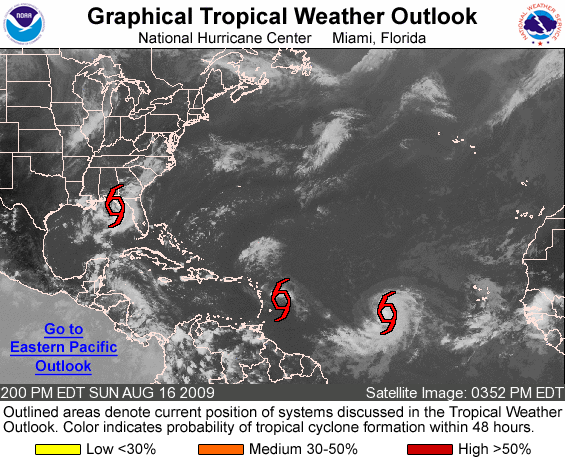
FOR THE NORTH ATLANTIC...CARIBBEAN SEA AND THE GULF OF MEXICO...

THE NATIONAL HURRICANE CENTER IS ISSUING ADVISORIES ON TROPICAL STORM ANA...LOCATED ABOUT 430 MILES EAST-SOUTHEAST OF THE LEEWARD ISLANDS...ON TROPICAL STORM BILL...LOCATED ABOUT 1555 MILES EAST OF THE LESSER ANTILLES...AND ON NEWLY-FORMED TROPICAL STORM CLAUDETTE...LOCATED ABOUT 40 MILES SOUTH OF APALACHICOLA FLORIDA.

ELSEWHERE...TROPICAL CYCLONE FORMATION IS NOT EXPECTED DURING THE NEXT 48 HOURS.

PUBLIC ADVISORIES ON TROPICAL STORM CLAUDETTE ARE ISSUED UNDER WMO HEADER WTNT34 KNHC AND UNDER AWIPS HEADER MIATCPAT4. FORECAST/ADVISORIES ARE ISSUED UNDER WMO HEADER WTNT24 KNHC AND UNDER AWIPS HEADER MIATCMAT4.

FORECASTER BLAKE